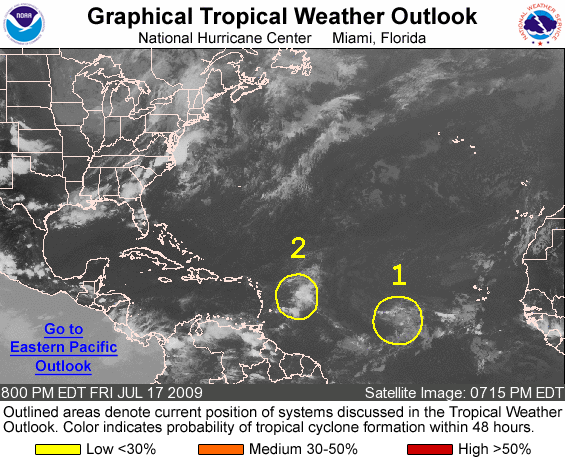
FOR THE NORTH ATLANTIC...CARIBBEAN SEA AND THE GULF OF MEXICO...

1. SHOWER ACTIVITY ASSOCIATED WITH A TROPICAL WAVE LOCATED ABOUT MIDWAY BETWEEN AFRICA AND THE LESSER ANTILLES HAS DECREASED THIS EVENING. DEVELOPMENT...IF ANY...OF THIS SYSTEM WILL BE SLOW TO OCCUR AS THE WAVE MOVES WESTWARD AT 15 TO 20 MPH. THERE IS A LOW CHANCE...LESS THAN 30 PERCENT...OF THIS SYSTEM BECOMING A TROPICAL CYCLONE DURING THE NEXT 48 HOURS.

2. SHOWERS AND THUNDERSTORMS HAVE INCREASED IN ASSOCIATION WITH A WELL-DEFINED TROPICAL WAVE LOCATED ABOUT 400 MILES EAST OF THE LEEWARD ISLANDS. HOWEVER...UPPER-LEVEL WINDS ARE EXPECTED TO REMAIN UNFAVORABLE FOR ANY SIGNIFICANT DEVELOPMENT. THERE IS A LOW CHANCE...LESS THAN 30 PERCENT...OF THIS SYSTEM BECOMING A TROPICAL CYCLONE DURING THE NEXT 48 HOURS.

ELSEWHERE...TROPICAL CYCLONE FORMATION IS NOT EXPECTED DURING THE NEXT 48 HOURS.

FORECASTER BLAKE